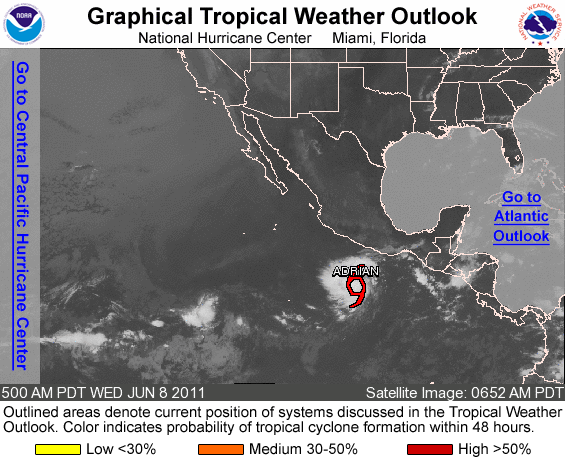
FOR THE EASTERN NORTH PACIFIC...EAST OF 140 DEGREES WEST LONGITUDE..

THE NATIONAL HURRICANE CENTER IS ISSUING ADVISORIES ON TROPICAL STORM ADRIAN...LOCATED ABOUT 345 MILES SOUTH OF ACAPULCO MEXICO.

ELSEWHERE...TROPICAL CYCLONE FORMATION IS NOT EXPECTED DURING THE NEXT 48 HOURS.

PUBLIC ADVISORIES ON ADRIAN ARE ISSUED UNDER WMO HEADER WTPZ31 KNHC AND UNDER AWIPS HEADER MIATCPEP1. FORECAST/ADVISORIES ON ADRIAN ARE ISSUED UNDER WMO HEADER WTPZ21 KNHC AND UNDER AWIPS HEADER MIATCMEP1.

FORECASTER CANGIALOSI